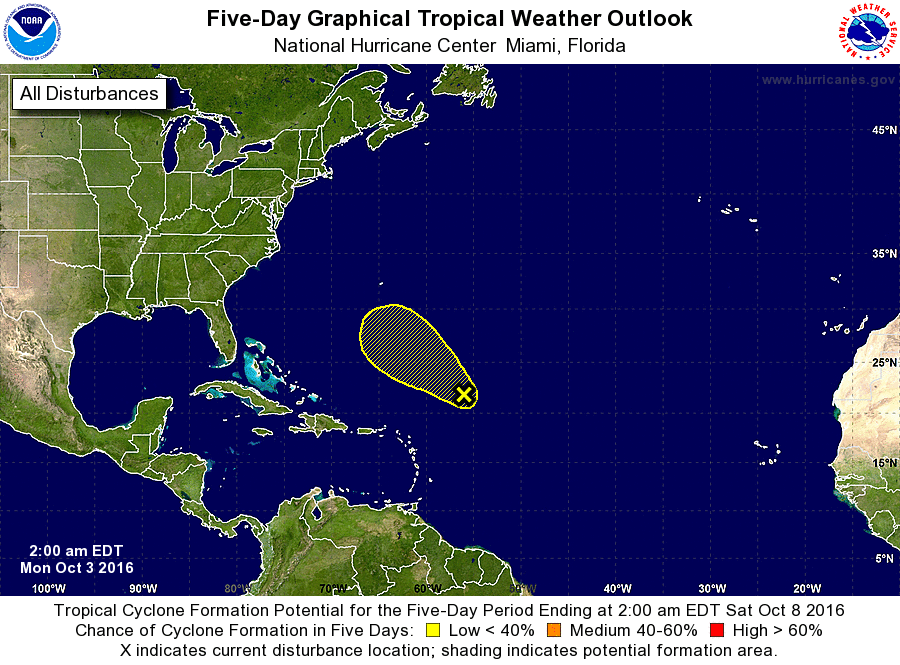
For the North Atlantic...Caribbean Sea and the Gulf of Mexico:

The National Hurricane Center is issuing advisories on Hurricane Matthew, located over the central Caribbean Sea to the south- southeast of Jamaica.

1. A broad area of low pressure located about 500 miles east-northeast of the northern Leeward Islands continues to produce disorganized showers and thunderstorms. Some development of this low is possible during the next couple of days before upper-level winds become unfavorable for development. This system is expected to move northwestward at 10 to 15 mph during the next few days.
* Formation chance through 48 hours...low...30 percent
* Formation chance through 5 days...low...30 percent

Forecaster Cangialosi